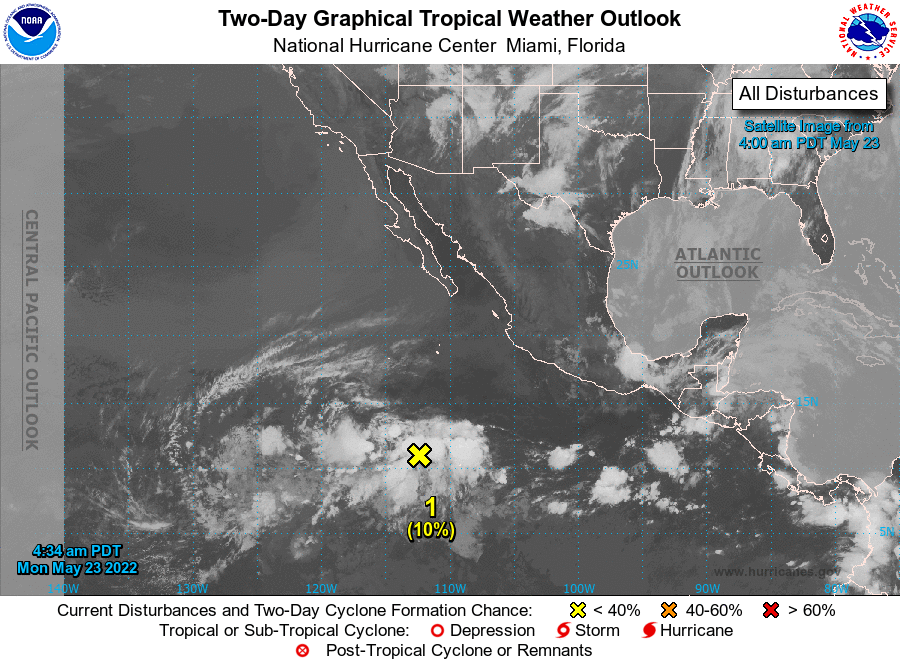
For the eastern North Pacific...east of 140 degrees west longitude:

1. East-Central Pacific well offshore of Southwestern Mexico: A trough of low pressure located several hundred miles southwest of the coast of Mexico continues to produce a broad area of disorganized showers and thunderstorms. Environmental conditions appear marginally conducive for some slow development while this system drifts eastward through the end of the week.
* Formation chance through 48 hours...low...10 percent.
* Formation chance through 5 days...low...20 percent.

2. South of the Gulf of Tehuantepec: A broad area of low pressure is forecast to form around midweek a few hundred miles south of the Gulf of Tehuantepec. Gradual development is possible thereafter while this system moves slowly westward at 5 to 10 mph.
* Formation chance through 48 hours...low...near 0 percent.
* Formation chance through 5 days...low...30 percent.

Forecaster Blake